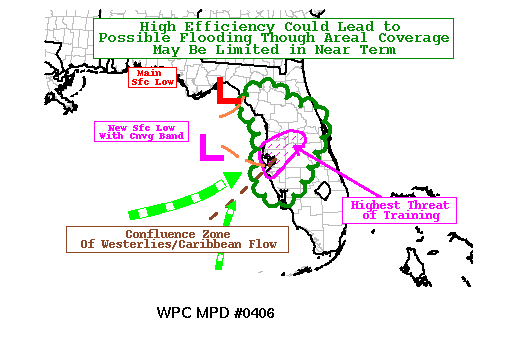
AREAS AFFECTED...NORTHERN AND CENTRAL FLORIDA

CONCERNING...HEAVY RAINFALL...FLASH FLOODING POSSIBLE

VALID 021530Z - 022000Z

SUMMARY...WEAK LAPSE RATES AND OFFSHORE DEVELOPMENT LIMITING
OVERALL COVERAGE THREAT TO CONVERGENT BANDS...THOUGH WARM PROCESS
AND HIGH MOISTURE COULD PRODUCE SMALL AREAS OF POSSIBLE FLASH
FLOODING

DISCUSSION...CONVECTIVE COMPLEX OFFSHORE NEAR 28.4N 84.6W
(SOUTHWEST OF APALACHEE BAY) PRODUCED ENOUGH LATENT HEAT RELEASE
ALOFT FOR PRESSURE FALLS TO DEVELOP A NEW SURFACE INFLECTION.
THIS HAS ROBBED MUCH OF THE CONVERGENCE TO THE NORTHERN BAND
NEARER THE MAIN SURFACE LOW HUGGING THE COASTLINE....REDUCING
CONVECTIVE DEVELOPMENT HERE.   THIS SCENARIO DIVERGES FROM MUCH OF
THE HIGH RESOLUTION MODEL GUIDANCE INDICATING THE HIGHEST TOTALS
TO BE DROPPING SOUTH ALONG THE NORTHEAST FL GULF COAST THIS
EVENING...THOUGH WITH A VERY HIGH MOISTURE ENVIRONMENT (TPWS STILL
IN THE 2.25-2.4" RANGE) AND STRONG WIND FLOW REGIME...FLOODING
POTENTIAL STILL EXISTS THOUGH WITH A BIT LESS CONFIDENCE IN ANY
PARTICULAR SCENARIO.

CONSIDERING THE DAYS OF WORKED OVER ENVIRONMENT...LAPSES RATES PER
12Z TBW ARE QUITE WEAK AND SO STRONG SURFACE OR LOW LEVEL DEEP
MOISTURE CONVERGENCE WILL BE REQUIRED TO MAINTAIN CONVECTION FOR
PROLONGED FLASH FLOODING THREAT. CURRENTLY SURFACE CONFLUENCE
EXISTS ON THE OUTER FEEDER BAND FROM THE SURFACE TROF STRONG
WESTERLY FLOW INTERSECTING WITH SOUTHERLY FROM THE
EASTERLIES....SOUTHWEST OF TAMPA BAY ACROSS CENTRAL FL.  THOUGH
GENERALLY WEAK GIVEN 5-10 KTS OF FLOW FROM DEEPER TROPICS...IT IS
ENOUGH FOR A BAND TO BE ESTABLISHED...AND GIVEN CELL MOTION IS
GENERALLY PARALLEL TO THIS BAND FOR SOME TRAINING TO OCCUR ALONG
IT...POTENTIALLY ACROSS AREAS AFFECTED LAST EVENING.

WITH THE STRENGTHENING OF THE NEW SURFACE LOW...WINDS WILL BACK
TOWARD THE LOW AND GENERATE A NW-SE CONVERGENCE BAND FROM THE LOW
TOWARD THE INTERSECTION OF THE OUTER BAND DESCRIBED ABOVE...THIS
WILL ALLOW FOR INCREASED CONVECTIVE DEVELOPMENT TO INITIATE JUST
OFFSHORE FROM TAMPA NORTHWARD WITH PROLONGED REGENERATION
UPSTREAM...TO ALLOW FOR TRAINING ALONG THE COAST AND JUST INLAND
OVER THE NEXT FEW HOURS.